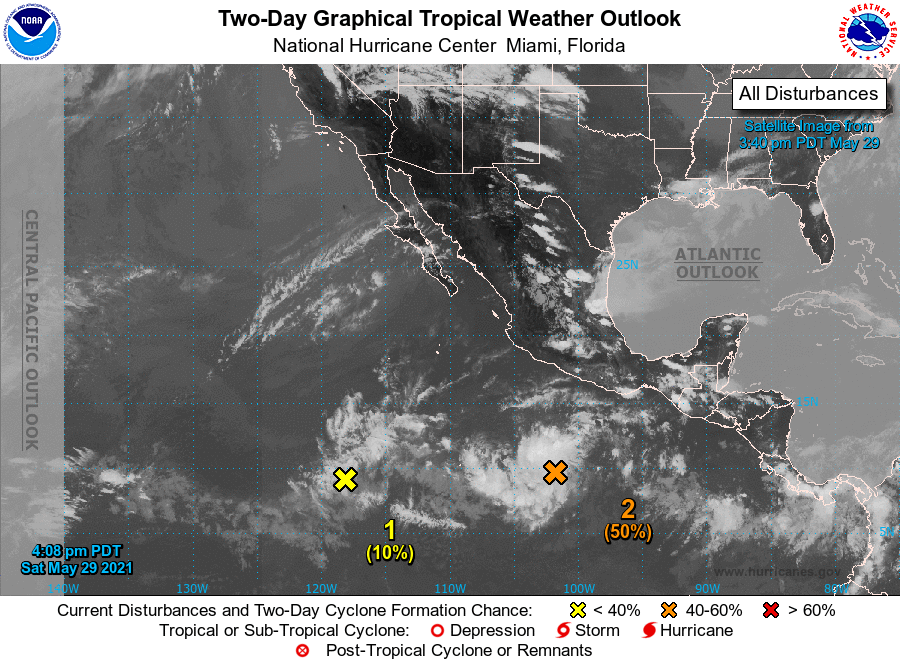
For the eastern North Pacific...east of 140 degrees west longitude:

1. Shower activity associated with a weak area of low pressure located about 1000 miles south-southwest of the southern tip of the Baja California peninsula is limited and disorganized. This system is expected to move generally westward at 5 to 10 mph into a drier and more stable airmass during the next few days, with little, if any further development expected.
* Formation chance through 48 hours...low...10 percent.
* Formation chance through 5 days...low...10 percent.

2. Showers and thunderstorms have become more concentrated today in association with a broad area of low pressure located several hundred miles south-southwest of Acapulco, Mexico. Environmental conditions are expected to be conducive for additional development of this system during the next several days, and a tropical depression is likely to form by the middle of next week while the system moves westward to west-northwestward at about 10 mph.
* Formation chance through 48 hours...medium...50 percent.
* Formation chance through 5 days...high...80 percent.

Forecaster Latto